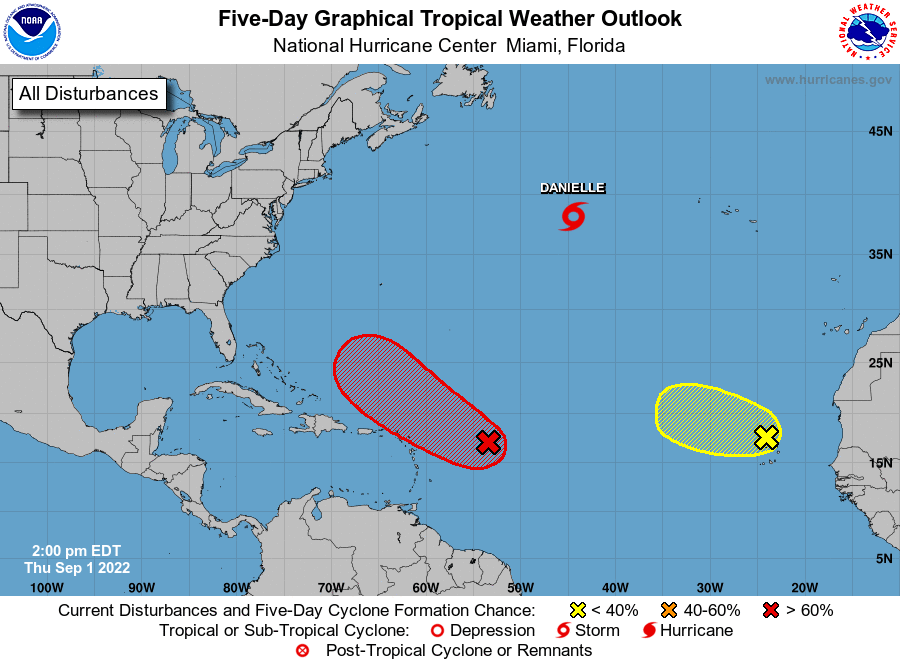
For the North Atlantic...Caribbean Sea and the Gulf of Mexico:

Active Systems: The National Hurricane Center is issuing advisories on recently upgraded Tropical Storm Danielle, located about 950 miles west of the Azores.

1. East of the Leeward Islands: Showers and thunderstorms associated with a broad area of low pressure located several hundred miles east of the Leeward Islands have recently decreased in coverage. Although environmental conditions remain only marginally conducive, any additional development of the system over the next few days would lead to the formation of a tropical depression. The disturbance is forecast to move slowly west-northwestward, toward the adjacent waters of the northern Leeward Islands. Additional information on this system can be found in High Seas Forecasts issued by the National Weather Service.
* Formation chance through 48 hours...medium...50 percent.
* Formation chance through 5 days...high...70 percent.

2. Eastern Tropical Atlantic: Satellite imagery and surface observations show that a broad area of low pressure is located over and to the northwest of the Cabo Verde Islands. The associated shower activity has diminished through the day. There is still some chance for the system to become a short-lived tropical depression within the next day or so before environmental conditions become unfavorable for further development.
* Formation chance through 48 hours...low...20 percent.
* Formation chance through 5 days...low...20 percent.

Public Advisories on Tropical Storm Danielle are issued under WMO header WTNT35 KNHC and under AWIPS header MIATCPAT4. Forecast/Advisories on Tropical Storm Danielle are issued under WMO header WTNT25 KNHC and under AWIPS header MIATCMAT4.

High Seas Forecasts issued by the National Weather Service can be found under AWIPS header NFDHSFAT1, WMO header FZNT01 KWBC, and online at ocean.weather.gov/shtml/NFDHSFAT1.php

Forecaster Bucci/Cangialosi